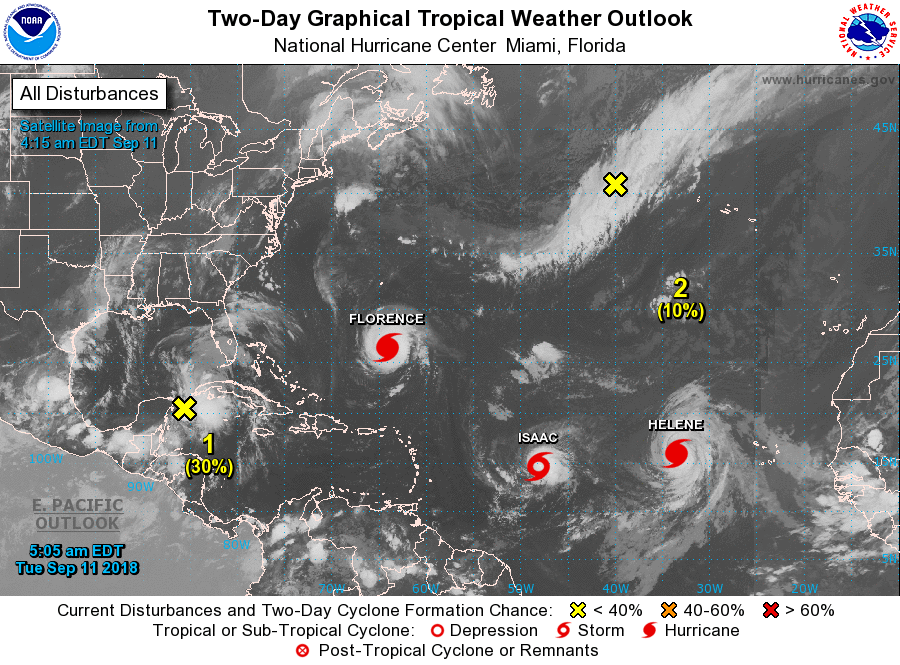
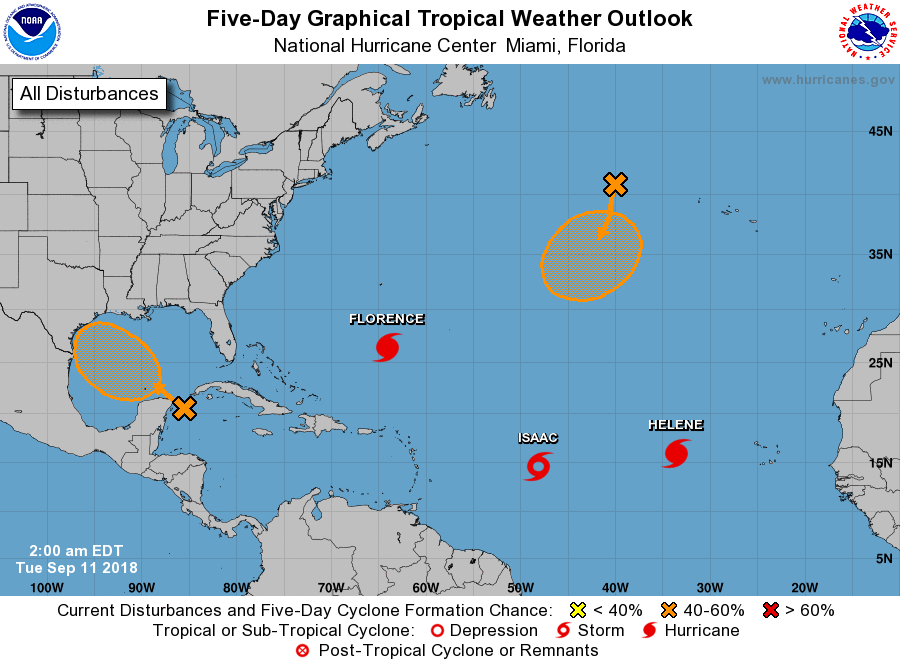
For the North Atlantic...Caribbean Sea and the Gulf of Mexico:

The National Hurricane Center is issuing advisories on Hurricane Florence, located over the west-central Atlantic Ocean, on Hurricane Helene, located over the eastern Atlantic, and on recently downgraded Tropical Storm Isaac, located over the central tropical Atlantic.

1. Showers and thunderstorms are showing some signs of organization over the northwestern Caribbean Sea, however, there are still no signs of a surface circulation. This system is forecast to move slowly northwestward across the Yucatan Peninsula today with limited development. Upper-level winds are forecast to become more conducive for development later in the week, and a tropical depression could form on Thursday or Friday while the disturbance moves across the western Gulf of Mexico. Interests across northeastern Mexico and the coast of Texas and Louisiana should monitor the progress of this system. Regardless of development, heavy rainfall and gusty winds are likely over western Cuba and the Yucatan Peninsula today.
* Formation chance through 48 hours...low...30 percent.
* Formation chance through 5 days...medium...60 percent.

2. A non-tropical area of low pressure is forecast to form along a trough of low pressure located over the northeastern Atlantic Ocean. Environmental conditions are conducive for some development, and a tropical or subtropical depression could form by the end of the week while the low meanders over the northeastern Atlantic Ocean.
* Formation chance through 48 hours...low...10 percent.
* Formation chance through 5 days...medium...50 percent.

Forecaster Cangialosi